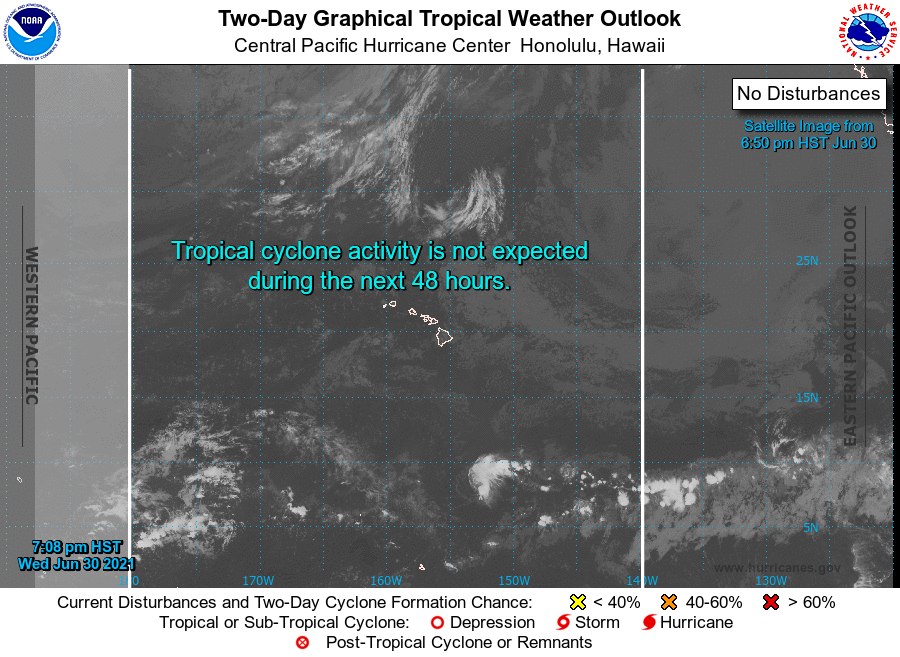
For the central North Pacific...between 140W and 180W:

No tropical cyclones are expected during the next 5 days.

Forecaster Gibbs